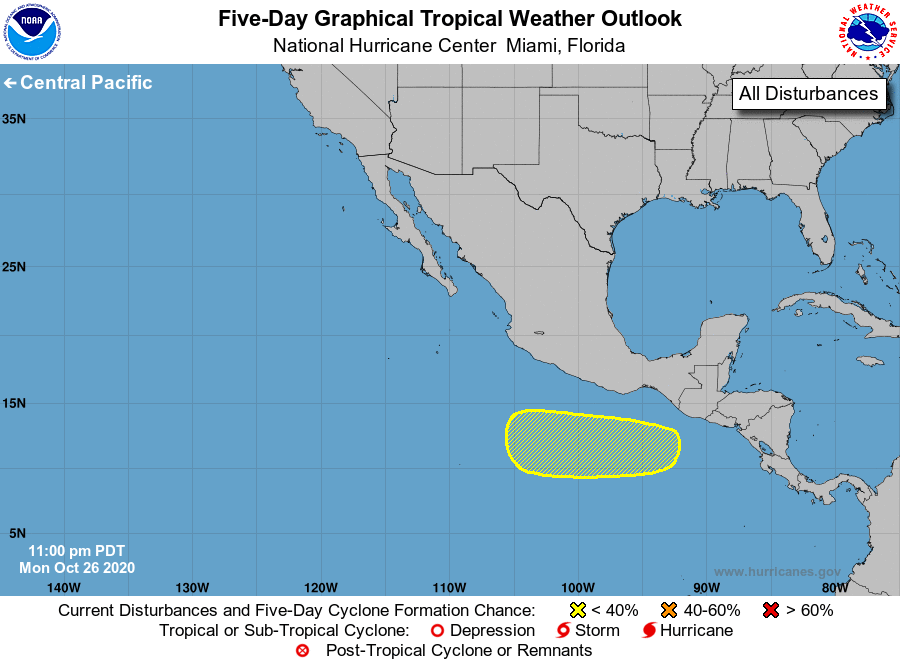
For the eastern North Pacific...east of 140 degrees west longitude:

1. A broad area of low pressure is expected to form south of the Gulf of Tehuantepec by the end of the week. Some further development will be possible thereafter and continue through the weekend while the system moves slowly westward.
* Formation chance through 48 hours...low...near 0 percent.
* Formation chance through 5 days...low...20 percent.

Forecaster Stewart